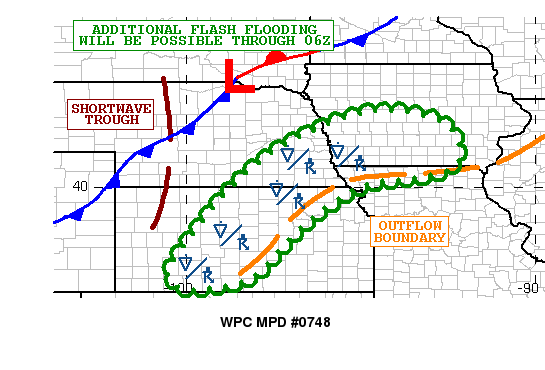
Areas affected...Central/Northern KS...Southeast NE...Far
northwest MO...Central/Southwest IA

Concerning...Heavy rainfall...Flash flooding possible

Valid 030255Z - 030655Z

Summary...Areas of showers and thunderstorms are expected to
continue over the next few hours. Some additional flash flooding
will be possible.

Discussion...The latest radar imagery continues to show a broken
axis of showers and thunderstorms across areas of central/northern
KS and up across southeast NE. The convection continues to focus
out ahead of a low-amplitude shortwave over the central High
Plains and generally along and north of a convectively reinforced
outflow boundary that is acting in effect as a front.

Broad warm air advection associated with deep layer
south/southwest flow will continue to focus plenty of moisture and
at least modest instability across the region over the next few
hours which should tend to sustain the convective threat, and
especially with proximity of weak right-entrance region jet
dynamics. However, the convective organization will likely tend to
wane as instability becomes more exhausted and also with rather
weak low level wind fields. Shear profiles are rather weak as
well, and thus supportive of a general weakening/disorganized
convective character going toward 06Z.

Nevertheless, the latest HRRR guidance supports some additional
rainfall totals of as much as 2 to 3 inches going through 06Z.
Given some of the recent heavy rainfall, these additional totals
may result in some additional flash flooding over the next few
hours. Will continue to monitor.